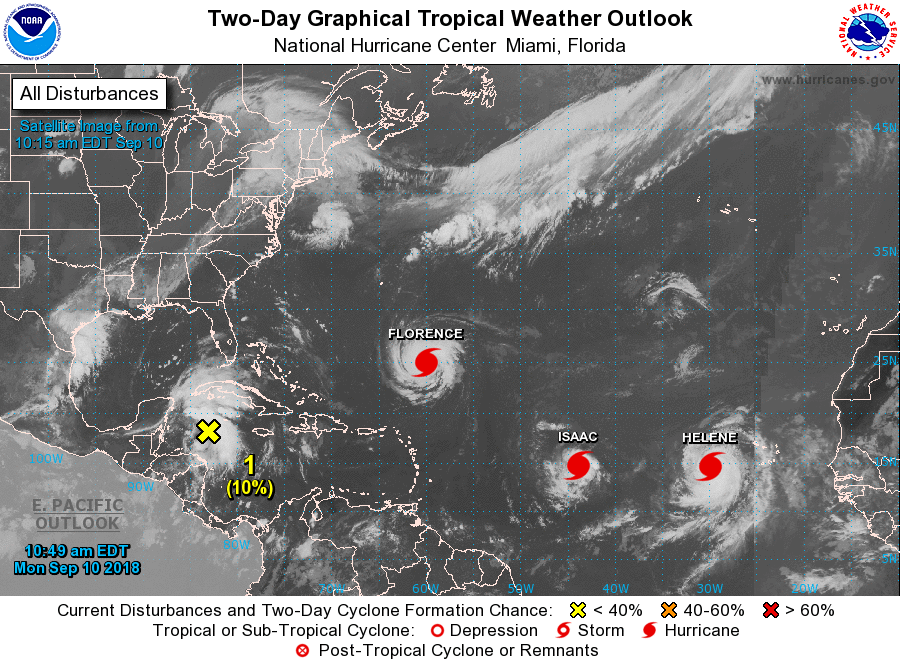
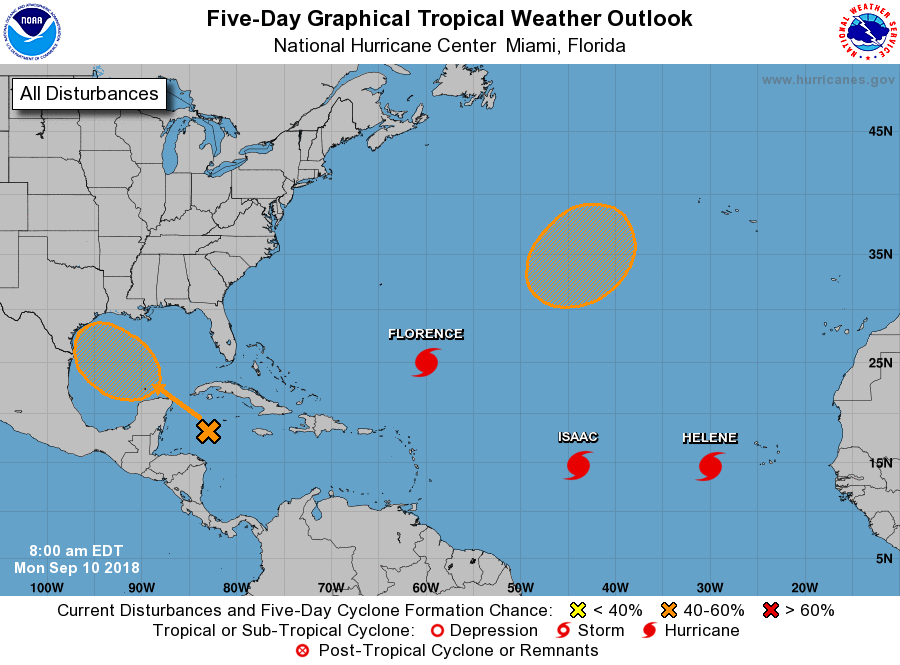
For the North Atlantic...Caribbean Sea and the Gulf of Mexico:

The National Hurricane Center is issuing advisories on Hurricane Florence, located over the west-central Atlantic Ocean, on Hurricane Helene, located over the eastern Atlantic, and on Hurricane Isaac, located over the central tropical Atlantic.

1. Disorganized showers and thunderstorms over the northwestern Caribbean Sea and western Cuba are associated with a weak surface trough. The disturbance is forecast to move slowly northwestward across the northwestern Caribbean Sea and the Yucatan Peninsula over the next couple of days with only slow development expected during that time. However, upper-level winds are forecast to become more conducive, and a tropical depression could form late this week when the system moves across the western Gulf of Mexico.
* Formation chance through 48 hours...low...10 percent.
* Formation chance through 5 days...medium...40 percent.

2. A non-tropical area of low pressure is forecast to form in the northeastern Atlantic Ocean several hundred miles west-southwest of the Azores in about two days. Some slow tropical or subtropical development is possible by the end of the week while the low moves southwestward.
* Formation chance through 48 hours...low...near 0 percent.
* Formation chance through 5 days...medium...40 percent.

Forecaster Blake